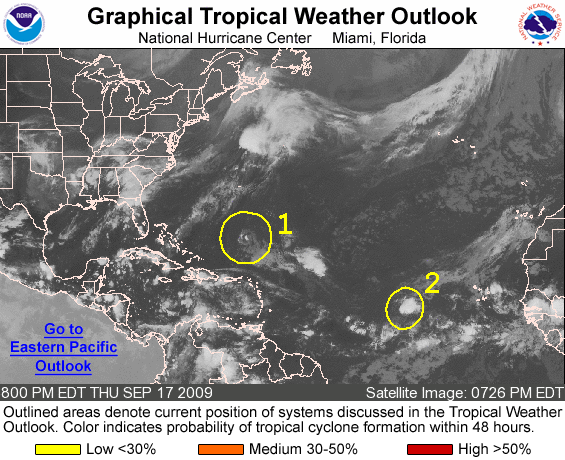
FOR THE NORTH ATLANTIC...CARIBBEAN SEA AND THE GULF OF MEXICO...

1. SATELLITE IMAGERY THIS EVENING SHOWS THAT A SMALL LOW PRESSURE AREA HAS FORMED ABOUT 525 MILES SOUTH OF BERMUDA IN ASSOCIATION WITH THE REMNANTS OF HURRICANE FRED. HOWEVER...THE ASSOCIATED SHOWER ACTIVITY IS CURRENTLY MINIMAL...AND UPPER-LEVEL WINDS ARE NOT CONDUCIVE FOR ADDITIONAL DEVELOPMENT AT THIS TIME. THERE IS A LOW CHANCE...LESS THAN 30 PERCENT...OF THIS SYSTEM BECOMING A TROPICAL CYCLONE DURING THE NEXT 48 HOURS AS IT MOVES WESTWARD ABOUT 15 MPH.

2. SHOWER ACTIVITY HAS INCREASED THIS EVENING IN ASSOCIATION WITH A BROAD LOW PRESSURE AREA CENTERED ABOUT 900 MILES WEST-SOUTHWEST OF THE CAPE VERDE ISLANDS. SOME SLOW DEVELOPMENT OF THIS SYSTEM IS POSSIBLE DURING THE NEXT DAY OR TWO AS IT MOVES WEST-NORTHWESTWARD AT ABOUT 10 TO 15 MPH. THERE IS A LOW CHANCE...LESS THAN 30 PERCENT...OF THIS SYSTEM BECOMING A TROPICAL CYCLONE DURING THE NEXT 48 HOURS.

ELSEWHERE...TROPICAL CYCLONE FORMATION IS NOT EXPECTED DURING THE NEXT 48 HOURS.

FORECASTER BEVEN